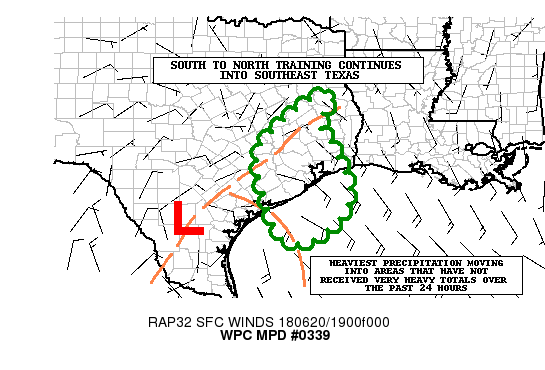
AREAS AFFECTED...SOUTHEAST TEXAS

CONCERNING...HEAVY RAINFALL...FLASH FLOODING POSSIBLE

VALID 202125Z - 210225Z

SUMMARY...PRECIPITATION CONTINUES TO TRAIN IN A SOUTH TO NORTH
DIRECTION INTO SOUTHEAST TEXAS.  A SLOW NORTHEASTWARD SHIFT OF THE
HEAVIEST AXIS INTO AREAS THAT HAVE NOT RECEIVED A LOT OF
PRECIPITATION RECENTLY.

DISCUSSION...THERE ARE NO SIGNFICANT CHANGES TO THE  LATEST
COMPOSITE RADAR LOOPS ACROSS SOUTHEAST TEXAS.  AREAS OF
PRECIPITATION CONTINUE TO TRAIN IN A GENERAL SOUTH TO NORTH
DIRECTION.  THERE IS A GREADUAL SHIFT IN THIS AXIS TO THE
NORTHEAST...AWAY FROM AREAS THAT HAVE RECIEVED VERY HEAVY AMOUNTS
ALONG THE MID TO LOWER TEXAS COAST AND TOWARD THE UPPER TEXAS
COAST THAT HAS BEEN RELATIVELY DRIER. STILL...WITH THE LIKLIHOOD
OF TRAINING PERSISTING OVER THE NEXT FEW HOURS...THE RISK OF
RUNOFF ISSUES WILL BE INCREASING AS THE BAND MOVES TOWARD THE
HOUSTON METRO AREA.

THE LATEST CAM GUIDANCE DOES NOT APPEAR TO HAVE A VERY GOOD HANDLE
ON THE CURRENT ACTIVITY.  COMPARISON OF THE SIMULATED RADARS FROM
THE NAM CONEST...ARW AND NMMB SHOW ALL THREE OF THESE MODELS ARE
SIGNIFICANTLY UNDERDONE WITH THEIR RESPECTIVE RADAR COVERAGE
COMPARED TO CURRENT ACTIVITY. THE HRRR AND HRRX FROM 1900 UTC ARE
SHOWING THIS SOUTH TO NORTH LINE BETTER...BUT BOTH APPEAR TO BE
SLOW IN MOVING IT UP THE COAST.

FRONTOGENESIS FROM THE 1800 AND 1900 UTC RAP RUNS SHOW A WELL
DEFINED FRONTOGENESIS MAX EXTENDING ALONG THIS SOUTH TO NORTH
TRAINING AREA AND THEN TO THE NORTHEAST ALONG THE SOUTHWEST TO
NORTHEAST ORIENTED SURFACE TROF OVER NORTHEAST TEXAS.  THE
EVOLUTION OF THIS FRONTOGENESIS FIELD IN THE RAP SHOWS THE SOUTH
TO NORTH AXIS DISSIPATING WHILE THE SOUTHWEST TO NORTHEAST AXIS
SETTLES SOUTHWARD TOWARD THE UPPER TEXAS COAST BY 2200 UTC...WHERE
IS THEN PERSISTS INTO THE EARLY HOURS OF THURSDAY.

WITH THE LATEST GUIDANCE HAVING ISSUES DEPICTING THE ONGOING
ACTIVITY...CONFIDENCE IN THEIR RESPECTIVE QPFS GOING FORWARD IS
LOW.  AT THE MOMENT...WITH NO SIGNIFICANT SIGNS OF WEAKENING ON
THE LATEST RADAR LOOPS OF LATEST GOES 16 IR IMAGERY...BELIEVE THE
SOUTH TO NORTH TRAINING AND RESULTANT HEAVY RAIN AND INCREASING
RUNOFF THREAT WILL CONTINUE INTO THIS EVENING.  1"+ HOURLY TOTALS
POSSIBLE INTO THIS EVENING IN THE AREAS OF TRAINING.